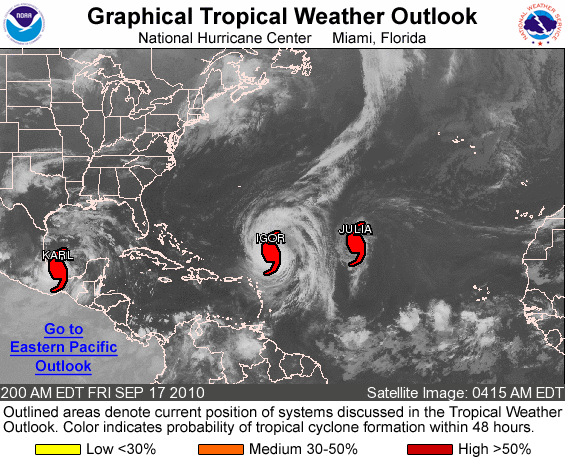
FOR THE NORTH ATLANTIC...CARIBBEAN SEA AND THE GULF OF MEXICO...

THE NATIONAL HURRICANE CENTER IS ISSUING ADVISORIES ON HURRICANE IGOR...LOCATED ABOUT 780 MILES SOUTH-SOUTHEAST OF BERMUDA...ON HURRICANE JULIA...LOCATED ABOUT 1375 MILES SOUTHWEST OF THE AZORES ...AND ON HURRICANE KARL...LOCATED OVER THE BAY OF CAMPECHE ABOUT 95 MILES EAST-NORTHEAST OF VERACRUZ MEXICO.

ELSEWHERE...TROPICAL CYCLONE FORMATION IS NOT EXPECTED DURING THE NEXT 48 HOURS.

FORECASTER BRENNAN